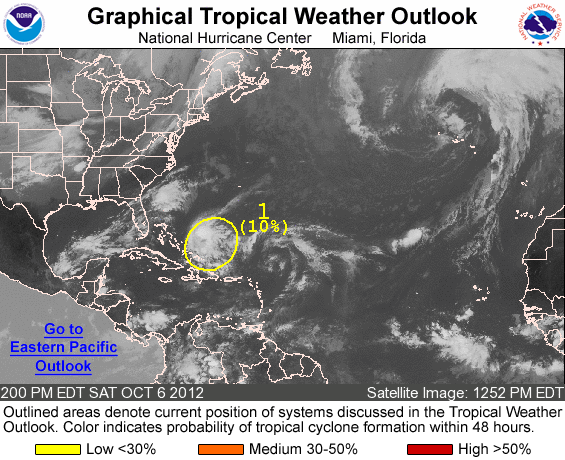
FOR THE NORTH ATLANTIC...CARIBBEAN SEA AND THE GULF OF MEXICO...

1. A BROAD AREA OF LOW PRESSURE...ACCOMPANIED BY CLOUDINESS AND THUNDERSTORMS...HAS DEVELOPED ABOUT 250 MILES EAST OF THE SOUTHEASTERN BAHAMAS. ONLY SLOW DEVELOPMENT IS ANTICIPATED AS THE LOW MOVES WESTWARD AT 10 MPH DURING THE NEXT DAY OR TWO. THIS SYSTEM HAS A LOW CHANCE...10 PERCENT...OF BECOMING A TROPICAL CYCLONE DURING THE NEXT 48 HOURS.

ELSEWHERE...TROPICAL CYCLONE FORMATION IS NOT EXPECTED DURING THE NEXT 48 HOURS.

FORECASTER AVILA